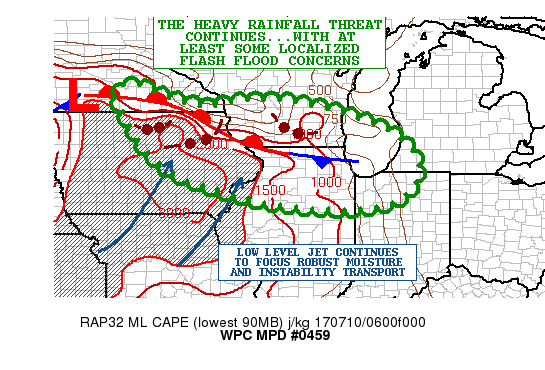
AREAS AFFECTED...FAR SOUTHERN MN...NORTHEAST IA...SOUTHERN
WI...NORTHERN IL...NORTHWEST IN...SOUTHWEST LOWER MI

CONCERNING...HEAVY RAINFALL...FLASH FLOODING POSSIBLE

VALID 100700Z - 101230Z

SUMMARY...STRONG MCC WITH INTENSE RAINFALL RATES WILL CONTINUE TO
ADVANCE SOUTHEAST OVER THE NEXT SEVERAL HOURS. SOME FLASH FLOODING
WILL REMAIN POSSIBLE.

DISCUSSION...EXPERIMENTAL GOES-16 10.3 MICRON/IR IMAGERY SHOWS A
CLASSIC LOOKING MCC DRIVING SOUTHEAST ACROSS THE UPPER
MIDWEST...WITH VERY COLD CLOUD TOPS TO ABOUT -75C MOVING DOWN NOW
INTO NORTHEAST IA...AND WITH THE LARGER CONVECTIVE MASS ENVELOPING
AN AREA THAT NOW EXTENDS ACROSS A LARGE AREA OF SOUTHERN WI AND
GETTING INTO PARTS OF NORTHERN IL.

RADAR IMAGERY SHOWS MULTIPLE INTENSE LINE SEGMENTS MOVING
PROGRESSIVELY DOWN THROUGH NORTHEAST IA...WHICH IS NOW
PREDOMINANTLY IN THE WARM SECTOR AND TAKING FULL ADVANTAGE OF A
SOUTHWEST LOW LEVEL JET OF 40 TO 45 KTS WITH ROBUST
MOISTURE/INSTABILITY TRANSPORT HELPING TO SUSTAIN THE CONVECTIVE
ORGANIZATION. MEANWHILE...FARTHER EAST OVER INTO SOUTHERN WI AND
PARTS OF NORTHERN IL...THE STRONG WARM ADVECTION PATTERN AIDED BY
THE LOW LEVEL JET IS ALSO FOCUSING A RATHER INTENSE BAND OF SLOWER
MOVING SHOWERS AND THUNDERSTORMS IN AN ELEVATED FASHION NORTH OF A
QUASI-STATIONARY FRONTAL BOUNDARY. THIS BAND IS PRODUCING RAINFALL
RATES OF UP TO 3 INCHES/HR...AND ALREADY RADAR ESTIMATES OF 3 TO 5
INCHES HAVE BEEN NOTED LOCALLY OVER PARTS OF COLUMBIA...KANE AND
SAUK COUNTIES...INCLUDING THE WEST SIDE OF MADISON.

ADDITIONAL HEAVY RAINS WITH THE MCC WILL CONTINUE THIS MORNING AS
IT MOVES SOUTHEAST THROUGH THE REMAINDER OF NORTHEAST IA AND
SOUTHERN WI...BUT EXPECT LOCALLY SIGNIFICANT IMPACTS OVER AREAS OF
NORTHERN IL TO ARRIVE OVER THE NEXT COUPLE HOURS AND THEN EVEN
INTO NORTHWEST IN AND SOUTHWEST LOWER MI TOWARD DAWN GIVEN THE
FORWARD PROPAGATION OF THE CONVECTIVE MASS.

FLASH FLOODING WILL REMAIN POSSIBLE ACROSS THE MPD THREAT
AREA...ALTHOUGH THE FORWARD PROPAGATION WILL TEND TO MITIGATE THE
OVERALL THREAT. GENERALLY A THREAT FOR 2 TO 4 INCHES EXISTS WITH
THE HEAVIEST AMOUNTS LIKELY TO REMAIN FOCUSED OVER AREAS OF
SOUTHERN WI AND NORTHERN IL ALONG AND NORTH OF THE
QUASI-STATIONARY FRONT. SOME ISOLATED HEAVIER AMOUNTS EXCEEDING 5
INCHES WILL BE POSSIBLE HERE.